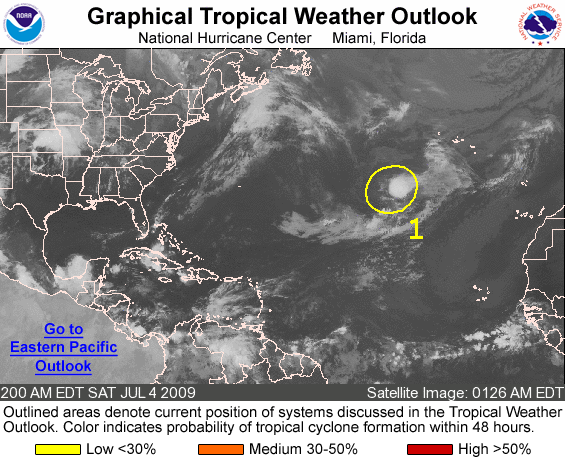
FOR THE NORTH ATLANTIC...CARIBBEAN SEA AND THE GULF OF MEXICO...

1. A NON-TROPICAL AREA OF LOW PRESSURE LOCATED ABOUT 950 MILES SOUTHWEST OF THE AZORES CONTINUES TO PRODUCE SHOWER AND THUNDERSTORM ACTIVITY TO THE EAST OF ITS CENTER. UPPER-LEVEL WINDS ARE EXPECTED TO REMAIN UNFAVORABLE FOR DEVELOPMENT OF THIS SYSTEM AS IT MOVES EASTWARD NEAR 10 MPH TOWARD COOLER WATERS. THERE IS A LOW CHANCE...LESS THAN 30 PERCENT...OF THIS SYSTEM BECOMING A TROPICAL OR SUBTROPICAL CYCLONE DURING THE NEXT 48 HOURS.

ELSEWHERE...TROPICAL CYCLONE FORMATION IS NOT EXPECTED DURING THE NEXT 48 HOURS.

FORECASTER BERG